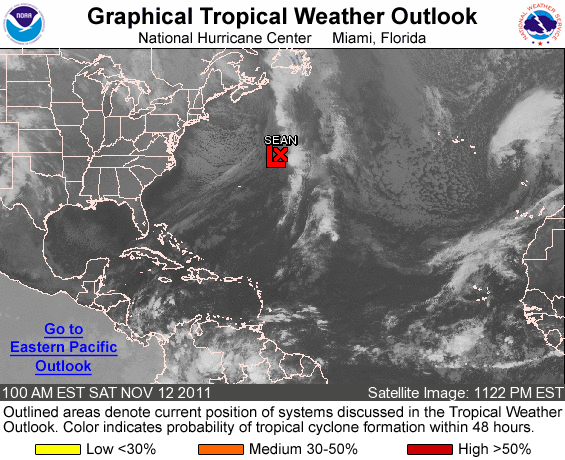
FOR THE NORTH ATLANTIC...CARIBBEAN SEA AND THE GULF OF MEXICO...

THE NATIONAL HURRICANE CENTER HAS ISSUED THE LAST ADVISORY ON POST-TROPICAL CYCLONE SEAN...LOCATED ABOUT 505 MILES NORTHEAST OF BERMUDA. FUTURE INFORMATION ON THIS SYSTEM CAN BE FOUND IN HIGH SEAS FORECASTS ISSUED BY THE NATIONAL WEATHER SERVICE...UNDER AWIPS HEADER NFDHSFAT1 AND WMO HEADER FZNT01 KWBC.

ELSEWHERE...TROPICAL CYCLONE FORMATION IS NOT EXPECTED DURING THE NEXT 48 HOURS.

FORECASTER BLAKE